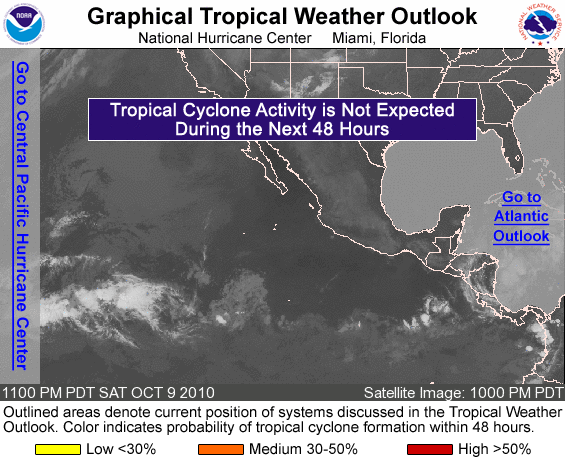
FOR THE EASTERN NORTH PACIFIC...EAST OF 140 DEGREES WEST LONGITUDE..

TROPICAL CYCLONE FORMATION IS NOT EXPECTED DURING THE NEXT 48 HOURS.

FORECASTER BERG